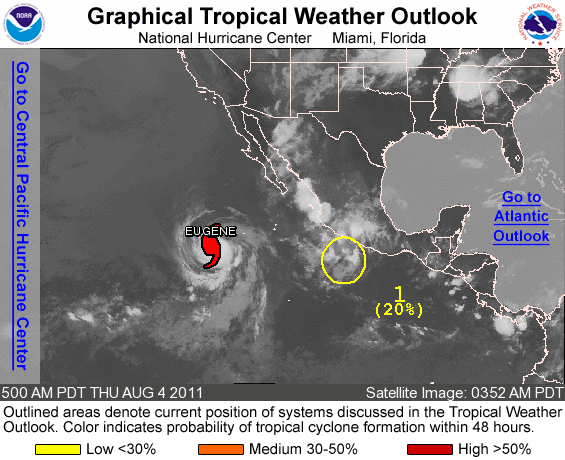
FOR THE EASTERN NORTH PACIFIC...EAST OF 140 DEGREES WEST LONGITUDE..

THE NATIONAL HURRICANE CENTER IS ISSUING ADVISORIES ON HURRICANE EUGENE...LOCATED ABOUT 670 MILES SOUTHWEST OF THE SOUTHERN TIP OF BAJA CALIFORNIA.

1. SHOWERS AND A FEW THUNDERSTORMS JUST OFF THE SOUTHWESTERN COAST OF MEXICO ARE ASSOCIATED WITH A WEAK AREA OF LOW PRESSURE CENTERED ABOUT 150 MILES SOUTH OF ZIHUATANEJO. ENVIRONMENTAL CONDITIONS DO NOT APPEAR CONDUCIVE FOR DEVELOPMENT...AND THIS SYSTEM HAS A LOW CHANCE...20 PERCENT...OF BECOMING A TROPICAL CYCLONE DURING THE NEXT 48 HOURS AS IT MOVES WEST-NORTHWESTWARD BETWEEN 5 AND 10 MPH.

ELSEWHERE...TROPICAL CYCLONE FORMATION IS NOT EXPECTED DURING THE NEXT 48 HOURS.

FORECASTER BERG